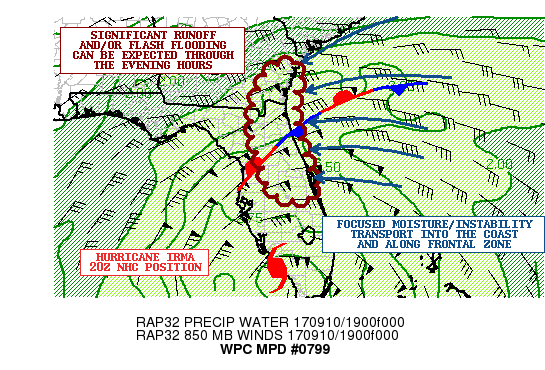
AREAS AFFECTED...EAST-CENTRAL...NORTHEAST FL...SOUTHEAST GA

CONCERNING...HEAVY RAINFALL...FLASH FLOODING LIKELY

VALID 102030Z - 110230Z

SUMMARY...WELL ORGANIZED CONVECTIVE BANDS ASSOCIATED WITH
HURRICANE IRMA WILL CONTINUE TO ADVANCE INLAND FROM THE ATLANTIC
OCEAN AND CONCENTRATED INLAND. INCREASINGLY SIGNIFICANT RUNOFF
AND/OR FLASH FLOODING IS LIKELY.

DISCUSSION...THE LATEST RADAR IMAGERY SHOWS A SIGNIFICANT ARRAY OF
CONVECTIVE BANDS ADVANCING INLAND OFF THE ATLANTIC OCEAN WELL
NORTHEAST OF THE CENTER OF HURRICANE IRMA. THE CONVECTION IS
PRODUCING EXTREMELY HEAVY RAINFALL RATES OF CLOSE TO 3
INCHES/HR...AND IS BEING FACILITATED BY VERY STRONG LOW LEVEL
FORCING/CONVERGENCE ALONG THE COAST AND JUST INLAND. MORE
SPECIFICALLY...A COMBINATION OF SPEED AND FRICTIONAL CONVERGENCE
ALONG WITH SIGNIFICANT MOISTURE AND INSTABILITY TRANSPORT IS
AIDING THE ORGANIZED NATURE OF THESE CONVECTIVE BANDS WITHIN A
STRONGLY SHEARED ENVIRONMENT.

BASED ON THE LATEST RAP ANALYSIS AND SURFACE OBSERVATIONS...THERE
IS ALSO A QUASI-STATIONARY FRONTAL ZONE DRAPED ACROSS THE
NORTH-CENTRAL PART OF THE STATE...WITH A SW/NE ORIENTATION FROM
NORTH OF TAMPA NORTHEAST TO NEAR ST. AUGUSTINE. THIS VERY STRONG
ATLANTIC INFLOW WILL CONTINUE TO INTERACT WITH THIS FRONTAL ZONE
AND PROVIDE A DEGREE OF STRONG ISENTROPIC ASCENT FOR AREAS NORTH
AND WEST OF THIS BOUNDARY...RESULTING IN PERSISTENT HEAVY
RAINFALL. AS IRMA LIFTS NORTH UP ALONG OR JUST INLAND OF THE WEST
COAST OF THE PENINSULA...THIS FRONT SHOULD BEGIN TO ADVANCE
FARTHER NORTHWEST WHICH WILL ALLOW IN TIME HEAVIER RAINFALL TO
SPREAD FARTHER NORTH.

THE HEAVIEST RAINFALL THOUGH THROUGH THIS PERIOD SHOULD BE
CONFINED WITHIN THE STRONG CONVECTIVE BANDS IMPACTING THE
EAST-CENTRAL TO NORTHEAST PART OF FL AND IN TIME BECOMING MORE
FOCUSED OVER SOUTHEAST GA. ADDITIONAL RAINFALL TOTALS OF 4 TO 6+
INCHES ARE EXPECTED...WITH SIGNIFICANT RUNOFF AND/OR FLASH
FLOODING CONCERNS EXPECTED.